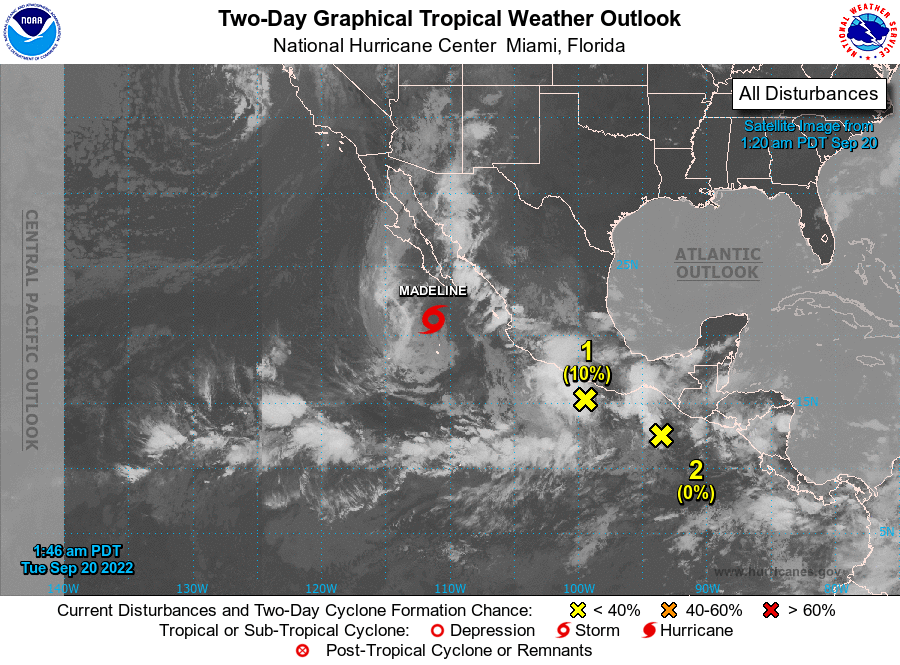
For the eastern North Pacific...east of 140 degrees west longitude:

Active Systems: The National Hurricane Center is issuing advisories on Tropical Storm Madeline, located more than 150 miles south-southwest of the southern tip of the Baja California peninsula.

1. South of Southern Mexico: An area of low pressure appears to be forming to the south of the southern coast of Mexico, where shower and thunderstorm activity has increased. Some slow development of this system is possible while the disturbance moves slowly west-northwestward near the coast of southern Mexico through the week.
* Formation chance through 48 hours...low...10 percent.
* Formation chance through 5 days...low...20 percent.

2. South of Central America and Southeastern Mexico: Showers and thunderstorms associated with a broad area of low pressure just offshore of southern Mexico and Guatemala remain disorganized. Development, if any, of this system should be slow to occur while it meanders off the coast of southern Mexico through the week.
* Formation chance through 48 hours...low...near 0 percent.
* Formation chance through 5 days...low...20 percent.

Forecaster Papin